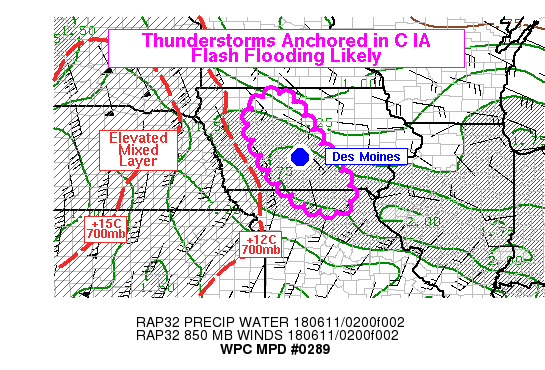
AREAS AFFECTED...CENTRAL IOWA...FAR NORTHERN MISSOURI

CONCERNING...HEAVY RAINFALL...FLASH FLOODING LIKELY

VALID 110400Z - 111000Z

SUMMARY...THUNDERSTORMS ARE LIKELY TO PERSIST THROUGH MUCH OF THE
NIGHT OVER CENTRAL IOWA. THIS SHOULD LEAD TO POCKETS OF VERY HEAVY
RAINFALL AND ASSOCIATED FLASH FLOODING. RAIN RATES MAY REACH 2
IN/HR AND RAINFALL TOTALS MAY EXCEED 5 INCHES ON A LOCALIZED BASIS.

DISCUSSION...OVER THE PAST FEW HOURS...CONVECTION HAS GRADUALLY
BECOME MORE WIDESPREAD OVER CENTRAL IOWA AND WAS ANCHORED ROUGHLY
IN THE SAME LOCATION OVER THAT TIME FRAME. CONVECTIVE INITIATION
OCCURRED IN A BROAD REGION OF LOW-LEVEL CONFLUENCE...AND ON THE
NORTHEASTERN PERIPHERY OF THE PLAINS LOW-LEVEL JET. IT ALSO
OCCURRED ON THE EDGE OF A PROMINENT EML PLUME SITUATED OVER THE
PLAINS...WITH THE +12C ISOTHERM AT 700MB LOCATED JUST WEST OF
ONGOING CONVECTION. THE APPROXIMATE POSITION OF THESE FEATURES
LOOKS LIKELY TO BE FAIRLY STABLE THROUGH THE NEXT SEVERAL
HOURS...WHICH SHOULD CONTINUE TO ANCHOR THE CONVECTION IN PLACE
OVER CENTRAL IOWA IN A REGION OF MODERATE INSTABILITY (MUCAPE
AROUND 1500-2000 J/KG) AND DEEP MOISTURE (PWATS AROUND 1.7 INCHES
PER RAP ANALYSIS).

ALMOST ALL HI-RES MODELS INITIALIZED AT 00Z HAVE SOME SIGNAL FOR
HEAVY RAINFALL IN THIS REGION...AND THE 00Z HREF PROBABILITY OF AT
LEAST 5 INCHES OF RAIN BY 12Z IS AS HIGH AS 30 PERCENT IN SOME
AREAS. THE SOMEWHAT SCATTERED NATURE OF INDIVIDUAL CELLS AND
CONVECTIVE CLUSTERS MAY PREVENT WIDESPREAD TOTALS OF THAT
NATURE...BUT IT SEEMS REASONABLE THAT LOCALIZED AREAS COULD EXCEED
5 INCHES OF RAINFALL. RAIN RATES MAY REACH 2 IN/HR GIVEN FAVORABLE
CELL MERGERS. KDMX DUAL POL ESTIMATES ARE ALREADY AS HIGH AS 1.5
IN/HR IN SOME AREAS...AND AS CONVECTIVE CLUSTERS GROW AND
MATURE...THE PEAK RAIN RATES ARE LIKELY TO INCREASE SLIGHTLY.

GIVEN THE EXPECTED PERSISTENCE OF CONVECTION OVER CENTRAL IOWA AND
EXPECTED HEAVY RAIN RATES...FLASH FLOODING APPEARS LIKELY.